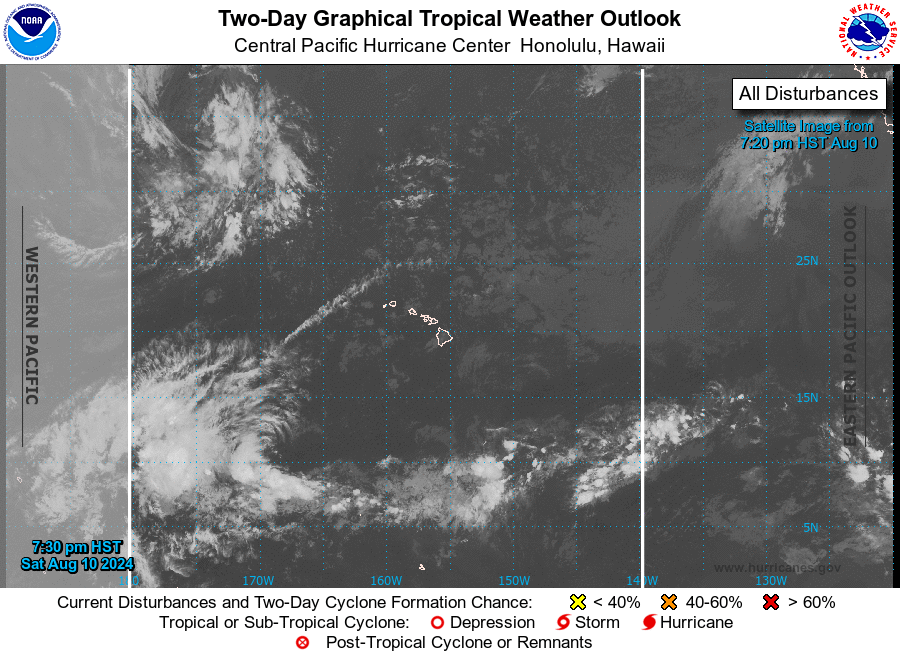
For the central North Pacific...between 140W and 180W:

No tropical cyclones are expected through the next 7 days.

Forecaster Almanza